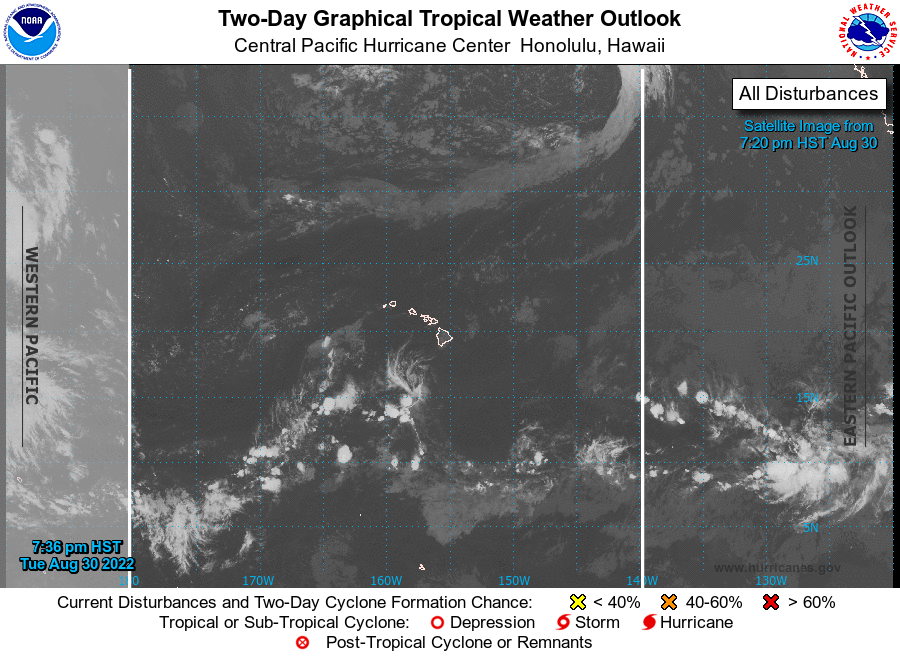
For the central North Pacific...between 140W and 180W:

No tropical cyclones are expected during the next 5 days.

Forecaster Bohlin